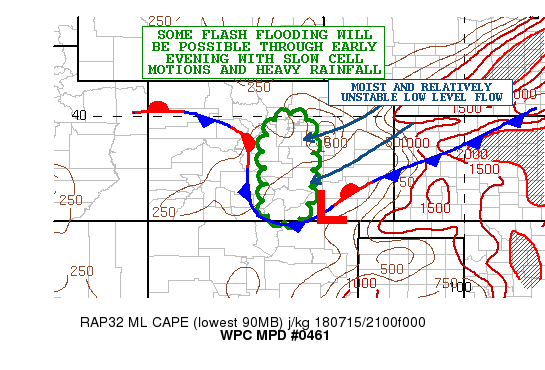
AREAS AFFECTED...PORTIONS OF CENTRAL/SOUTHERN CO INCLUDING THE
FRONT RANGE AND PALMER DIVIDE

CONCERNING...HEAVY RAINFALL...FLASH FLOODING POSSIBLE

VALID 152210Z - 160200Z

SUMMARY...SHOWERS AND THUNDERSTORMS MAY BECOME A BIT MORE
CONCENTRATED OVER THE NEXT COUPLE OF HOURS. SLOW CELL MOTIONS AND
HEAVY RAINFALL RATES MAY RESULT IN SOME FLASH FLOODING.

DISCUSSION...THE LATEST SURFACE OBSERVATIONS SHOW A COLD FRONT
SETTLING SOUTH DOWN THE FRONT RANGE OF CO. NORTHEAST LOW LEVEL
FLOW BEHIND THE BOUNDARY IS FOCUSING A MOIST AND RELATIVELY
UNSTABLE BOUNDARY LAYER INTO THE EASTERN SLOPES OF THE FRONT RANGE
INCLUDING THE PALMER DIVIDE WHICH IS ALLOWING FOR SOME SLOW-MOVING
AND HEAVY SHOWERS AND THUNDERSTORMS TO FOCUS OVER THE REGION. THE
CONVECTION IS ALSO FOCUSING NEAR AN AREA WHERE THERE IS AT LEAST
MODESTLY FAVORABLE RIGHT-ENTRANCE REGION UPPER LEVEL JET DYNAMICS.

OVER THE NEXT FEW HOURS...THERE WILL BE RATHER FAVORABLE UPSLOPE
INTO THE EAST-FACING SLOPES OF THE TERRAIN ACROSS PORTIONS OF
CENTRAL AND SOUTHERN CO. THIS COUPLED WITH LINGERING INSTABILITY
AN ANOMALOUSLY MOIST COLUMN WILL PROMOTE SHOWERS AND THUNDERSTORMS
WITH LOCALLY VERY HEAVY RAINFALL RATES. IN FACT...PWATS ACROSS THE
REGION ARE RUNNING 2 TO 3 STANDARD DEVIATIONS ABOVE NORMAL WITH
THE AID OF MID AND HIGH LEVEL MONSOONAL MOISTURE...AND THIS WILL
PROMOTE EFFICIENT RAINFALL PROCESSES.

EXPECT AT LEAST LOCALLY AS MUCH AS 2 TO 3 INCHES OF RAIN THROUGH
EARLY EVENING...WHICH WILL RESULT IN SOME POTENTIAL FOR FLASH
FLOODING. THE GREATEST AREA OF CONCERN WILL BE THE MORE SENSITIVE
BURN SCAR AREAS OVER THE TERRAIN.